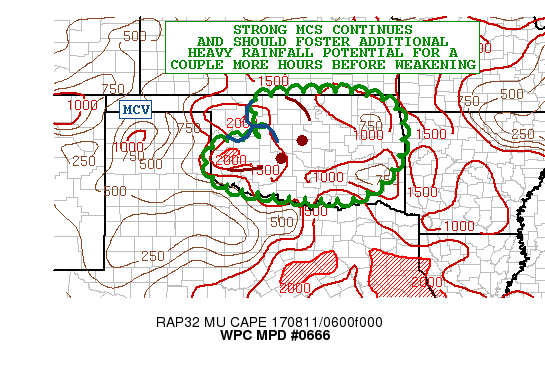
AREAS AFFECTED...CENTRAL/EASTERN OK

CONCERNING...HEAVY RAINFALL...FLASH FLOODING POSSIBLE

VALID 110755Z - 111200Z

SUMMARY...A STRONG MCS MOVING ACROSS CENTRAL OK AT THIS TIME WILL
CONTINUE TO ADVANCE EAST-SOUTHEAST OVER THE NEXT COUPLE OF HOURS.
SOME ADDITIONAL HEAVY RAINFALL IS EXPECTED...WITH A GRADUAL
WEAKENING TREND TOWARD AND AFTER DAWN.

DISCUSSION...AN IMPRESSIVELY COLD-TOPPED MCS IS SEEN MOVING ACROSS
CENTRAL OK CURRENTLY...BRINGING RAINFALL AMOUNTS UP TO OVER 2
INCHES/HR LOCALLY. SOME OF THE HEAVIEST RAINS CURRENTLY ARE OVER
NORTHERN OK AND CURRENTLY APPROACHING THE PONCA CITY AREA.

A CONSENSUS OF THE HIRES GUIDANCE SUPPORTS THE MCS MAINTAINING
ITSELF FOR A COUPLE MORE HOURS AND THEN GRADUALLY WEAKENING AS IT
BEGINS TO OUTRUN THE MOST FAVORABLE SOUTHWEST LOW LEVEL JET ENERGY
LIFTING UP ACROSS THE SOUTHERN PLAINS. THE DOWNSTREAM ENVIRONMENT
OVER EASTERN OK REMAINS FAIRLY UNSTABLE...BUT THERE IS A GROWING
AMOUNT OF LOW LEVEL CIN WHICH WILL EVENTUALLY HELP TO FACILITATE A
WEAKENING TREND TO THE CONVECTION TOWARD DAWN.

NEVERTHELESS...THERE WILL LIKELY BE POCKETS OF 2 TO 4 INCHES
WITHIN JUST A COUPLE OF HOURS IN ASSOCIATION WITH THE MCS AS IT
CONTINUES TO ADVANCE EAST. GIVEN THE INTENSE SHORT-TERM RAIN
RATES...SOME FLASH FLOODING WILL BE POSSIBLE. ALSO...THE RADAR
IMAGERY IS SHOWING SOME ELEVATED CONVECTION REDEVELOPING OVER
PARTS OF THE TX PANHANDLE WHICH IS ADVANCING EAST-SOUTHEAST AND
MAY TRAIN OVER SOME OF THE SAME AREAS IN SOUTHWEST OK THAT HAVE
ALREADY SEEN HEAVY RAIN WITH THE INITIAL MCS ARRIVAL. AN
ADDITIONAL 1 TO 3 INCHES OF RAIN WITH THIS ACTIVITY CANNOT BE
RULED OUT...WHICH MAY ENCOURAGE ADDITIONAL RUNOFF PROBLEMS.